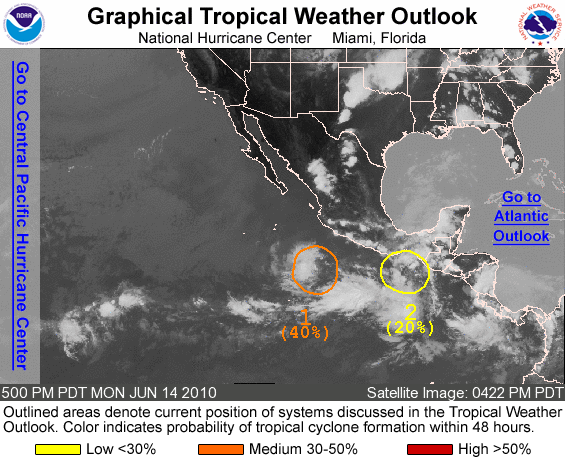
FOR THE EASTERN NORTH PACIFIC...EAST OF 140 DEGREES WEST LONGITUDE..

1. CLOUDINESS AND SHOWERS CONTINUE IN ASSOCIATION WITH A BROAD AREA OF LOW PRESSURE LOCATED ABOUT 325 MILES WEST-SOUTHWEST OF ACAPULCO MEXICO. THIS SYSTEM HAS CHANGED LITTLE TODAY...BUT ENVIRONMENTAL CONDITIONS APPEAR SOMEWHAT CONDUCIVE FOR SOME SLOW DEVELOPMENT TO OCCUR OVER THE NEXT COUPLE OF DAYS AS IT REMAINS NEARLY STATIONARY. THERE IS A MEDIUM CHANCE...40 PERCENT...OF THIS DISTURBANCE BECOMING A TROPICAL CYCLONE DURING THE NEXT 48 HOURS.

2. A BROAD AREA OF LOW PRESSURE IS PRODUCING WIDESPREAD CLOUDINESS AND THUNDERSTORMS FROM THE GULF OF TEHUANTEPEC SOUTHWARD FOR A FEW HUNDRED MILES. THIS DISTURBANCE HAS BECOME A LITTLE BETTER ORGANIZED TODAY...BUT FURTHER DEVELOPMENT...IF ANY...SHOULD BE SLOW TO OCCUR OVER THE NEXT DAY OR TWO AS IT MOVES LITTLE. THERE IS A LOW CHANCE...20 PERCENT...OF THIS SYSTEM BECOMING A TROPICAL CYCLONE DURING THE NEXT 48 HOURS.

ELSEWHERE...TROPICAL CYCLONE FORMATION IS NOT EXPECTED DURING THE NEXT 48 HOURS.

FORECASTER STEWART/BLAKE